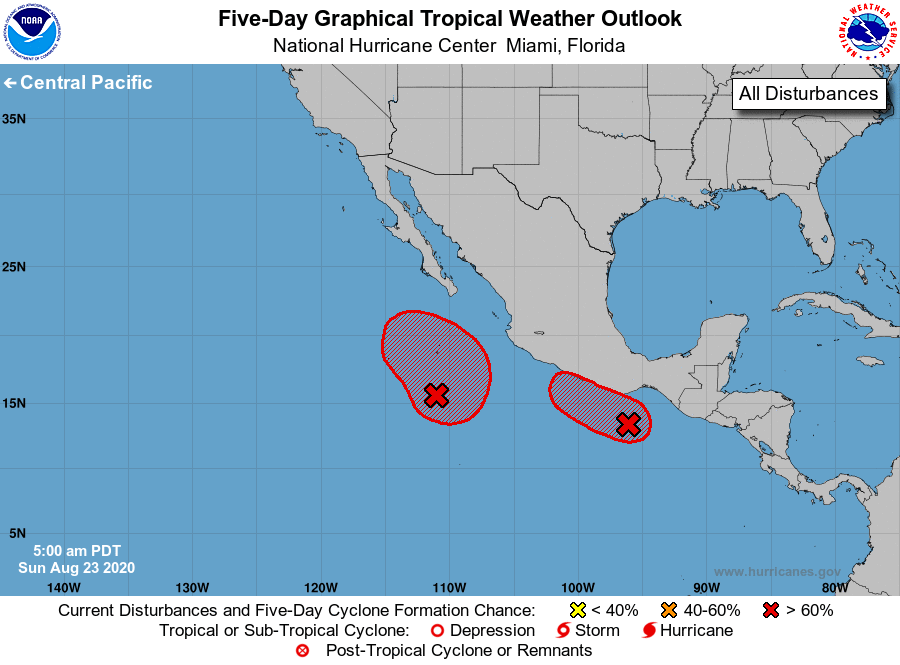
For the eastern North Pacific...east of 140 degrees west longitude:

1. An elongated area of low pressure located several hundred miles south-southwest of the southern tip of the Baja California peninsula continues to produce a large area of disorganized cloudiness and thunderstorms. Conditions appear favorable for development, and a tropical depression is likely to form by the middle of this week while the system meanders or drifts northward a few hundred miles offshore the coast of southwestern Mexico.
* Formation chance through 48 hours...medium...60 percent.
* Formation chance through 5 days...high...80 percent.

2. An area of low pressure appears to be forming a couple of hundred miles south-southwest of the Gulf of Tehuantepec. Conditions appear conducive for additional development of this system, and a tropical depression is likely to form by the middle of the week while it moves slowly northwestward, near or parallel to the southwestern coast of Mexico. Regardless of development, areas of heavy rainfall and flash flooding are likely in southeastern Mexico and northern Central America during the next several days.
* Formation chance through 48 hours...medium...40 percent.
* Formation chance through 5 days...high...70 percent.

Forecaster Berg